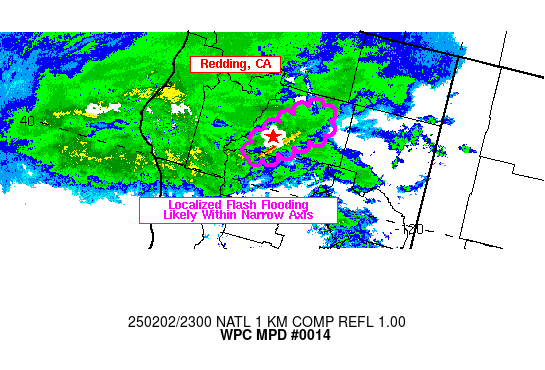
Areas affected...Shasta County / northern CA

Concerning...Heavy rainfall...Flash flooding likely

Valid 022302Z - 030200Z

SUMMARY...A narrow and focused band of heavy rain is expected to
result in a localized area of flash flooding for portions of
Shasta County in and around the Redding metro area. Peak hourly
rainfall of 1-2 inches will be possible with localized additional
totals of 3-5 inches through 02Z.

DISCUSSION...Local radar imagery from KBBX at 2240Z showed a
narrow band (just 2-4 miles wide) of stationary heavy rain
occurring just south of downtown Redding, CA. This band has been
present for the past 2 to 3 hours and has resulted in 4 to 6
inches of rain, most of which has occurred since 20Z. These
rainfall reports have been sourced from a number of
Wunderground.com observations with the band just recently shifting
south to Redding Regional Airport.

The band of heavy rain was located along an axis of strong
surface/near-surface convergence co-located with a
quasi-stationary front that extended SW to NE across the northern
Sacramento Valley. Weak instability may be present with RAP
estimates of near 100 J/kg. Little change to the pattern on the
regional scale is expected to keep the quasi-stationary front in
roughly the same position over the next few hours though some
minor wavering of the rainfall axis is expected over the next
couple of hours along with possible weakening of the little
instability that could be in place. Given the presence of this
band of heavy rain across the I-5 corridor near Redding and into
the higher terrain of eastern Shasta County, a localized area of
flash flooding appears likely with this band. Due to the highly
mesoscale nature of this feature, confidence is below average in
its longevity but it seems likely to persist for at least another
1-2 hours.